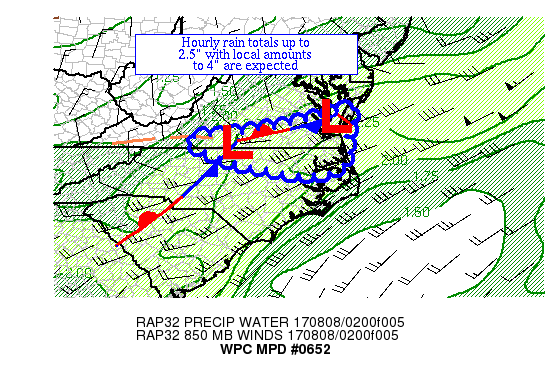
AREAS AFFECTED...SOUTHEAST VA & NORTHEAST NC

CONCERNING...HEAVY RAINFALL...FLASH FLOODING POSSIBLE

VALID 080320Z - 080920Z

SUMMARY...SHOWERS AND THUNDERSTORMS ARE INCREASING IN COVERAGE
NEAR A STATIONARY FRONT.  HOURLY RAIN RATES TO 2.5" WITH LOCAL
AMOUNTS TO 4" ARE POSSIBLE.

DISCUSSION...TWO WAVES OF LOW PRESSURE -- ONE NEAR DANVILLE VA AND
ANOTHER IN THE LOWER CHESAPEAKE BAY -- ALONG WITH DIVERGENCE ALOFT
SPONSORED BY A SHORTWAVE MOVING ACROSS WV ARE LEADING TO AN
INCREASE IN THUNDERSTORM COVERAGE ACROSS SOUTHEAST VA.
PRECIPITABLE WATER VALUES ARE 2-2.5" PER RECENT GPS DATA.
EFFECTIVE BULK SHEAR IS ~30 KTS PER SPC MESOANALYSES.  INFLOW AT
850 HPA IS 35-40 KTS FROM THE WEST-SOUTHWEST PER VAD WIND
PROFILES.  MU CAPE VALUES IN THE REGION ARE 500-1000 J/KG WHICH
HAVE BEEN SUFFICIENT SO FAR TO INCREASE CELL COVERAGE WITHIN THIS
MOIST ATMOSPHERE.

THE MESOSCALE GUIDANCE HAS A GOOD SIGNAL FOR HEAVY RAIN -- THE
QUESTION IS FOR HOW LONG AND HOW FAR INTO NORTHEAST NC IT COULD
SAG.  NORMALLY THIS DEGREE OF INSTABILITY CAN BE ERODED IN A FEW
HOURS, BUT RAP MASS FIELDS SUGGEST SOME SOUTHWARD EROSION WITH
TIME WHICH SHOULD SHIFT THE BAND TO THE SOUTH OVER THE NEXT
SEVERAL HOURS.  WARM ADVECTION AHEAD OF THE WAVE NEAR DANVILLE --
WHICH IS EXPECTED TO REACH NORFOLK VA 09-10Z -- COULD MAINTAIN
INSTABILITY IN THE WARM SECTOR WELL INTO THE NIGHT.  THE MESOSCALE
GUIDANCE SHOWS A GOOD SIGNAL FOR LOCAL AMOUNTS UP TO 3-4", WHICH
APPEARS REALISTIC.  THE AVAILABLE MOISTURE AND INSTABILITY COULD
LEAD TO HOURLY RAIN TOTALS UP TO 2.5" IN AREAS OF CELL TRAINING.